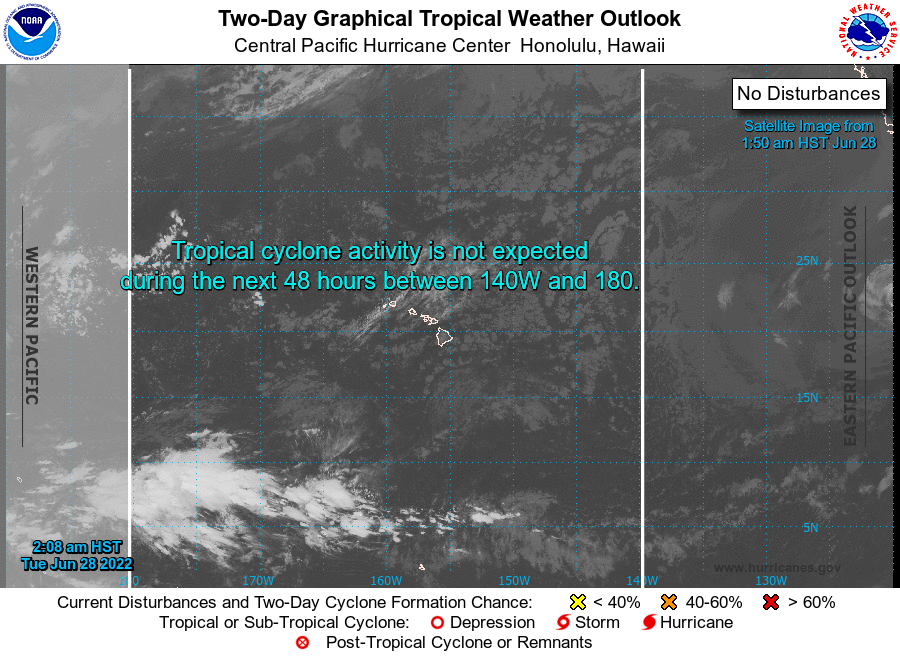
For the central North Pacific...between 140W and 180W:

No tropical cyclones are expected during the next 5 days.

Forecaster Gibbs